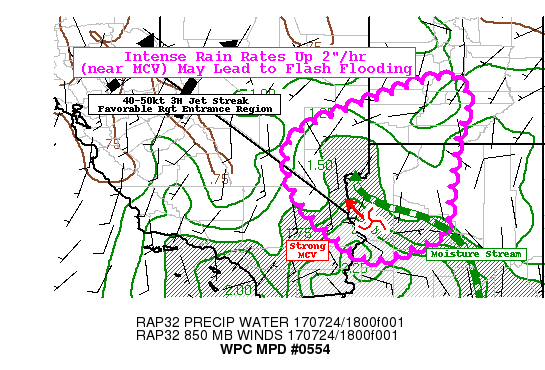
AREAS AFFECTED...SOUTHEASTERN NV...EXT EASTERN CA...NORTHWEST
AZ...SOUTHWEST UT

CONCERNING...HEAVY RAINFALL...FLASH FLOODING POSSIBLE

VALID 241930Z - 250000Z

SUMMARY...VERY HIGH MOISTURE AVAILABILITY WITH MID TO UPPER LEVEL
SUPPORT SUPPORTS ORGANIZED AND EFFICIENT RAINFALL PRODUCTION.

DISCUSSION...GOES-16 MESO VISIBLE IMAGERY DENOTES CONVECTION
BREAKING OUT ACROSS HIGHER TERRAIN (MT. COLLINGTON) ACROSS
NV...AND RAP ANALYSIS FIELDS SUGGEST RAPIDLY ERODING CINH ACROSS
SE NV WHERE POOL OF INCREASED INSTABILITY WHERE EARLY MORNING
INSOLATION HAS INCREASED SBCAPES TO 2500 J/KG.  WHILE 12Z VEF
SOUNDING INDICATED INVERTED V WITH LOW LEVEL DRY
LAYER...PERSISTENT LOW LEVEL MST ADVECTION FROM THE EASTERN SIDE
OF THE EASTERLY MOVING WAVE (CURRENTLY NEARING THE S NV TIP FROM
LA PAZ COUNTY AZ) IS PROVIDING SOLID MOISTURE FLUX TO PROVIDE A
BETTER SUB-CLOUD ENVIRONMENT FOR EFFICIENT RAINFALL PRODUCTION.
ADDITIONALLY THOUGH FLOW IS WEAK...85-7H FLOW IS ALSO CONVERGENT
ACROSS SE NV/NW AZ AS FLOW TURNS ANTICYCLONIC TO THE DEEP
SOUTHWESTERLY FLOW FURTHER NORTH IN NV/UT.  ALOFT RIGHT ENTRANCE
TO SPEED MAX ACROSS CENTRAL CA SIERRAS PROVIDES EXCELLENT OUTFLOW
TO MAINTAIN UPDRAFT STRENGTH.   ALL OF THIS CONTRIBUTES TO STRONG
CONVECTION WITH THE CAPABILITY OF INTENSE RAINFALL RATES
APPROXIMATELY SIMILAR TO AVAILABLE IN THE LOCAL COLUMN (VERY NEAR
TPW VALUE).  THESE RATES COULD BE AS GREAT AS 2"-2.25"/HR VERY
NEAR THE MCV ACROSS NW AZ.  GIVEN RECENT WET GROUND CONDITIONS AND
POTENTIAL HYDROPHOBIC SOILS...MUCH WILL BE RUNOFF AND LEAD TO
LOCALIZED FLASH FLOODING CONCERNS.  THIS WILL BE PARTICULARLY TRUE
ACROSS RUGGED TERRAIN OR WITHIN THE SLOT CANYONS OF SW UT.